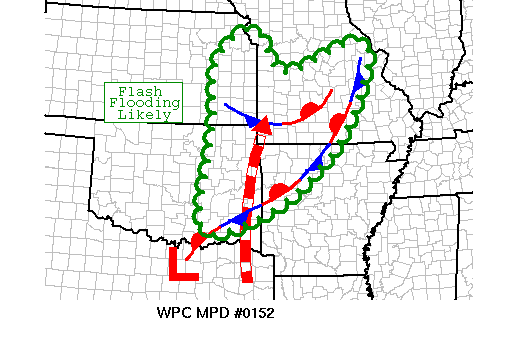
AREAS AFFECTED...PORTIONS OF THE MIDDLE AND LOWER MS VALLEY

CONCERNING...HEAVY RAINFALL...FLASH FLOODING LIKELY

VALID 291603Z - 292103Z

SUMMARY...FLASH FLOODING WILL BECOME LIKELY ACROSS PORTIONS OF THE
HIGHLIGHTED AREA THIS AFTERNOON AS A VIGOROUS MCV INFLUENCES THE
REGION.

DISCUSSION...A STRONG MCV WILL MOVE INTO EASTERN OKLAHOMA THIS
AFTERNOON AND TAP INTO AND ENTRAIN AN INCREASINGLY DEEP AND
UNSTABLE MOISTURE PLUME TO SUPPORT STRONG AND DEEP CONVECTION
CAPABLE OF HIGH RAINFALL RATES.

SURFACE AND VWP ANALYSIS PREFERENCE SHOW A DEEPER SURFACE LOW AND
STRONGER LOW LEVEL JET IN ASSOCIATION WITH THE MCV THAN SHOWN BY
00-06Z GUIDANCE.  MEANWHILE...NEARLY FULL INSOLATION OVER EASTERN
ARKANSAS HAS ALREADY CONTRIBUTED TO SBCAPES OF NEARLY 3000 J/KG
WHICH IS SUPPORT BY MODIFYING THE 12Z KLZK RAOB. GIVEN THESE
CONDITIONS ALONG WITH AVERAGE CLOUD LAYER WINDS OF 15 KNOTS AND
ALMOST UNIDIRECTIONAL WINDS WITH HEIGHT...SLOW CELL MOTIONS AND
TRAINING WILL CONTRIBUTE TO HIGH RAINFALL RATES.

THE 12Z NAM AND RECENT RUNS OF THE HRRR SEEM TO CAPTURE THE
ONGOING EVOLUTION WHICH DEPICT HEAVIER AND MORE WIDESPREAD
RAINFALL THAN SHOWN IN PREVIOUS GUIDANCE.  GIVEN 1 FFG VALUES OF 1
TO 1.5 INCHES AND 3 HOUR FFG VALUES 2 TO 2.5 INCHES IN SOME MANY
AREAS...EXCEEDING THESE GUIDANCE IS LIKELY.